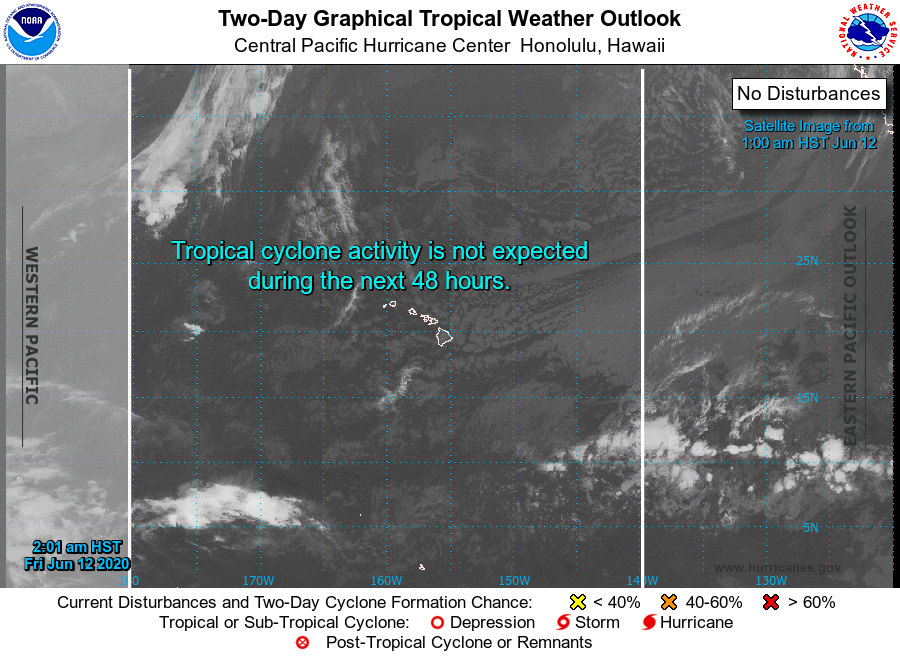
For the central North Pacific...between 140W and 180W:

No tropical cyclones are expected during the next 5 days.

Forecaster Lau